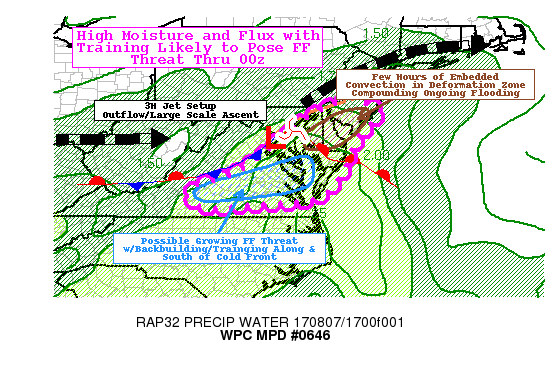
AREAS AFFECTED...SOUTHERN NJ...DE...EASTERN MD...CENTRAL AND
EASTERN VA

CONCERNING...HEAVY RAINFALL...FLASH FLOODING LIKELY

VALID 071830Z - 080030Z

SUMMARY...SURFACE LOW/VORT CENTER TO TRACK OVER AREAS ALREADY
AFFECTED BY FLOODING RAINS ACROSS S NJ/DELMARVA.  TRAILING COLD
FRONT MAY ORIENT FAVORABLY FOR BACKBUILDING/TRAINING CELLS ACROSS
S VA THROUGH THE EVENING.

DISCUSSION...GOES-16 WV LOOP DEPICTS STRONG SHORTWAVE CROSSING
INTO N VA/CENTRAL MD WITH IMPRESSIVE BAROCLINIC LEAF ACROS SE
PA/NJ ATTM.  THIS IS SUPPORTING DEEPENING SURFACE WAVE THAT IS
TAKING SHAPE NEAR WASHINGTON DC WITH A LINE OF SHALLOW WARM TOPPED
CONVECTION TRAILING ALONG THE COLD FRONT.  IN ADVANCE OF THE
DEEPENING LOW...STRONG BAROCLINIC FORCING FROM SLY FLOW UP THE
CHESAPEAKE AND BACKING ONSHORE FLOW OFF THE NJ/DE/DELMARVA COAST
PROVIDE STRONG MST CONVERGENCE INTO DEFORMATION ZONE NEAR NAK TO
DOV TO JUST E OF PHL.  THIS MST FLUX WILL CONTINUE TO PROVIDE
HIGHLY EFFICIENT RAINFALL PRODUCTION...PARTICULARLY IN REMAINING
CONVECTIVE ELEMENTS THAT WILL PERSIST WITH STRONG WAA TRANSPORTING
INSTABILITY FROM THE SOUTH AND EAST FOR AT LEAST A FEW MORE HOURS.
AN ADDITIONAL 1-2" WILL CONTINUE TO KEEP FLASH FLOODING LIKELY.

IF CLOUD DECK FROM DPVA ASCENT WITH MID-LEVEL SHORTWAVE EVACUATES
AS SUGGESTED BY CURRENT TREND...SOME SOLAR INSOLATION MAY ALLOW
SFC TEMPS TO REBOUND AFTER 21Z-00Z OVER S NJ/DELMARVA.  LOW LEVEL
FORCING WILL BE STRONG ENOUGH THROUGH ISALLOBARIC COMPONENT TO
CONVECT ANOTHER ROUND OVER SATURATED AREAS.  THIS EVOLUTION IS A
BIT LESS CERTAIN BUT WOULD ONLY FURTHER LEAD TO CONTINUED FLASH
FLOOD THREAT ACROSS NORTHERN/CENTRAL DELMARVA INTO S NJ.

EAST CENTRAL VA/S DELMARVA...
MODERATELY CLEAR SKIES THROUGHOUT THE DAY HAVE SUPPORTED FILTERED
SOLAR INSOLATION ENOUGH TO SUPPORT A BUILD UP OF INSTABILITY WITH
1000-1250 J/KG OF MLCAPE SUPPORTED BY THE RAP ANALYSIS.  WHILE
MAIN SHORTWAVE ALOFT HAS TRANSITION THROUGH THE TERRAIN OF N
VA...THERE IS A TRAILING TROF HUNG UP ACROSS S WV CONNECTED BACK
TO S/W OVER CENTRAL TN.  THIS HAS ORIENTED FLOW TO BE FAIRLY
UNIDIRECTIONAL ACROSS S VA TO S TIP OF MD/S DELMARVA AND
EVENTUALLY WILL BE PARALLEL TO THE ORIENTATION OF THE COLD FRONT
SLOW DROPPING SOUTH FROM N VA.

SUFFICIENT SFC MST CONVERGENCE SHOULD SUPPORT CONVECTION TO
DEVELOP AND WITH 40KTS OF 850MB INFLOW FROM THE SOUTHWEST PAIRED
WITH MEAN 8-4H WINDS OF SIMILAR DIRECTION/MAGNITUDE SUPPORTS
NEARLY BACKBUILDING ENVIRONMENT ALONG WITH TRAINING TO POSE RISK
OF TRAINING WITH RATES UP TO 2-2.5"/HR.  AT THIS TIME PRECISE
LOCATION OF THESE TRAINING/BACKBUILDING CELLS IS DIFFICULT TO
DETERMINE EVEN WITH HI-RES GUIDANCE...YET WHERE THEY DO DEVELOP
THE POTENTIAL FOR 2-4" POSSIBLY HIGHER POSES A LEAST A POSSIBLE
FLASH FLOOD RISK THROUGH THE EVENING HOURS.